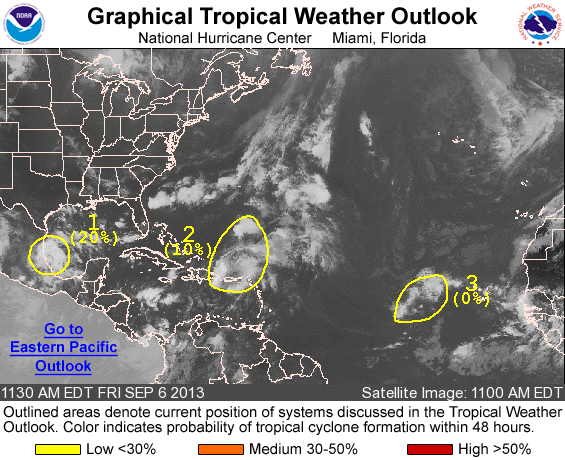
FOR THE NORTH ATLANTIC...CARIBBEAN SEA AND THE GULF OF MEXICO...

SPECIAL OUTLOOK ISSUED TO PROVIDE UPDATE ON THE SYSTEM IN THE GULF OF MEXICO.

1. UPDATED...SATELLITE IMAGERY INDICATES THAT SHOWER ACTIVITY ASSOCIATED WITH THE LOW PRESSURE AREA CENTERED NEAR TAMPICO MEXICO HAS BECOME BETTER ORGANIZED DURING THE PAST FEW HOURS. ALTHOUGH THIS SYSTEM IS STILL EXPECTED TO MOVE INLAND BEFORE A TROPICAL CYCLONE CAN FORM...IT IS LIKELY TO BRING 3 TO 5 INCHES OF RAINFALL...WITH ISOLATED MAXIMUM AMOUNTS OF UP TO 8 INCHES...IN THE MEXICAN STATES OF VERACRUZ AND TAMAULIPAS DURING THE NEXT COUPLE OF DAYS. WINDS TO NEAR TROPICAL STORM FORCE ARE ALSO EXPECTED IN A FEW SQUALLS TODAY AND TONIGHT. THIS SYSTEM HAS A LOW CHANCE...20 PERCENT...OF BECOMING A TROPICAL CYCLONE DURING THE NEXT 48 HOURS...AND A LOW CHANCE...20 PERCENT...OF BECOMING A TROPICAL CYCLONE DURING THE NEXT FIVE DAYS.

2. A COMPLEX AREA OF DISTURBED WEATHER...WHICH INCLUDES THE REMNANTS OF GABRIELLE...EXTENDS FROM THE DOMINICAN REPUBLIC AND PUERTO RICO NORTHEASTWARD INTO THE ATLANTIC FOR SEVERAL HUNDRED MILES. ANY DEVELOPMENT OF THIS DISTURBANCE SHOULD BE SLOW TO OCCUR DUE TO UNFAVORABLE UPPER-LEVEL WINDS AND THE PROXIMITY OF DRY AIR. THIS SYSTEM HAS A LOW CHANCE...10 PERCENT...OF BECOMING A TROPICAL CYCLONE DURING THE NEXT 48 HOURS AS IT MOVES NORTHWESTWARD OR NORTHWARD AT 10 TO 15 MPH. SOME DEVELOPMENT OF THIS SYSTEM IS POSSIBLE IN A FEW DAYS WHEN THE DISTURBANCE MOVES NORTHEASTWARD AHEAD OF A COLD FRONT OVER THE CENTRAL ATLANTIC OCEAN. THIS SYSTEM HAS A MEDIUM CHANCE...30 PERCENT...OF BECOMING A TROPICAL CYCLONE DURING THE NEXT 5 DAYS.

3. A BROAD LOW PRESSURE SYSTEM ASSOCIATED WITH A TROPICAL WAVE LOCATED ABOUT 600 MILES WEST OF THE CAPE VERDE ISLANDS IS PRODUCING DISORGANIZED SHOWER ACTIVITY. HOWEVER... DEVELOPMENT OF THIS SYSTEM IS NOT LIKELY DUE TO UNFAVORABLE ENVIRONMENTAL CONDITIONS. THIS SYSTEM HAS A LOW CHANCE...NEAR 0 PERCENT...OF BECOMING A TROPICAL CYCLONE DURING THE NEXT 48 HOURS...AND A LOW CHANCE...NEAR 0 PERCENT...OF BECOMING A TROPICAL CYCLONE DURING THE NEXT 5 DAYS WHILE IT MOVES TO THE WEST-NORTHWEST AT ABOUT 10 MPH.

OTHER SYSTEMS WITH FORMATION POTENTIAL BEYOND 48 HOURS...

A TROPICAL WAVE OVER WEST AFRICA IS EXPECTED TO MOVE OVER THE FAR EASTERN ATLANTIC OCEAN IN A DAY OR TWO...AND DEVELOPMENT OF THIS SYSTEM IS POSSIBLE LATE THIS WEEKEND INTO EARLY NEXT WEEK. THIS SYSTEM HAS A LOW CHANCE...NEAR 0 PERCENT...OF BECOMING A TROPICAL CYCLONE DURING THE NEXT 48 HOURS...AND A MEDIUM CHANCE...50 PERCENT...OF BECOMING A TROPICAL CYCLONE DURING THE NEXT 5 DAYS.

FIVE-DAY FORMATION PROBABILITIES ARE EXPERIMENTAL IN 2013. COMMENTS ON THE EXPERIMENTAL FORECASTS CAN BE PROVIDED AT...

HTTP://WWW.NWS.NOAA.GOV/SURVEY/NWS-SURVEY.PHP?CODE=ETWO

FORECASTER BEVEN